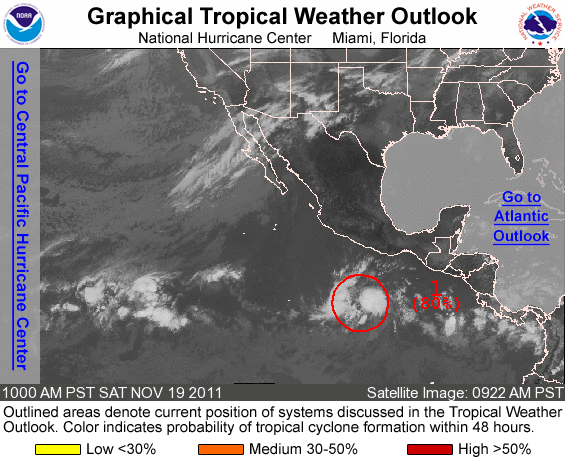
FOR THE EASTERN NORTH PACIFIC...EAST OF 140 DEGREES WEST LONGITUDE..

1. A LOW PRESSURE SYSTEM LOCATED ABOUT 475 MILES SOUTH OF ACAPULCO MEXICO CONTINUES TO PRODUCE SHOWERS AND THUNDERSTORMS...BUT THIS ACTIVITY IS NOT YET CONCENTRATED NEAR THE CENTER OF CIRCULATION. HOWEVER...THE CIRCULATION IS BECOMING BETTER DEFINED...AND ENVIRONMENTAL CONDITIONS APPEAR CONDUCIVE FOR THE LOW TO DEVELOP INTO A TROPICAL DEPRESSION OVER THE NEXT DAY OR SO. THIS SYSTEM HAS A HIGH CHANCE...80 PERCENT...OF BECOMING A TROPICAL CYCLONE DURING THE NEXT 48 HOURS AS IT MOVES WEST-NORTHWESTWARD AT 10 TO 15 MPH.

ELSEWHERE...TROPICAL CYCLONE FORMATION IS NOT EXPECTED DURING THE NEXT 48 HOURS.

FORECASTER BERG